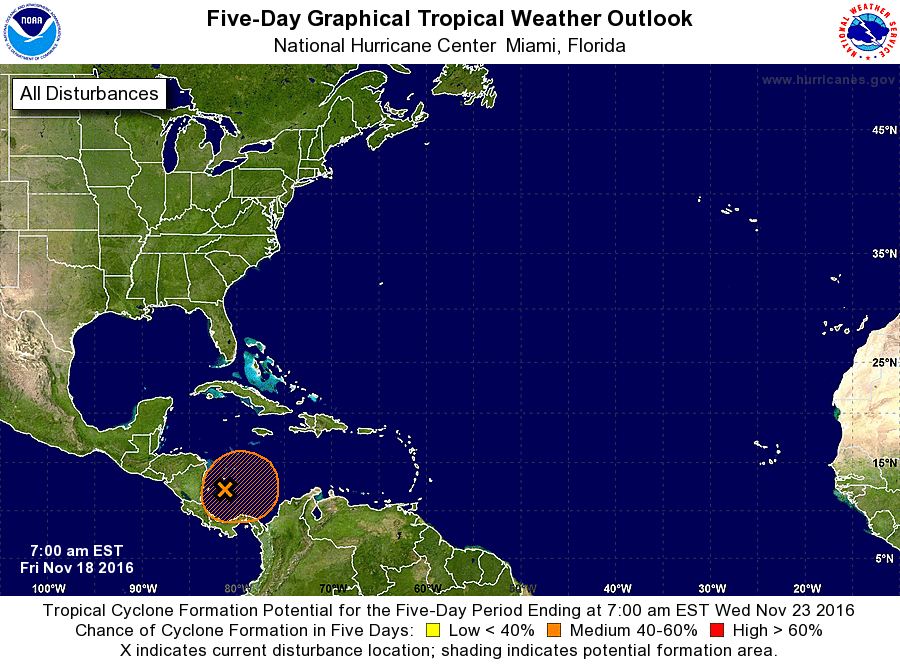
For the North Atlantic...Caribbean Sea and the Gulf of Mexico:

1. Disorganized cloudiness and showers over the southwestern Caribbean Sea are associated with a broad low pressure area. Upper-level winds have become less conducive, and during the next couple of days any development should be slow to occur. After that time, environmental conditions are expected to be more conducive for gradual development, and a tropical depression could form early next week while the low moves slowly and erratically.
* Formation chance through 48 hours...low...10 percent
* Formation chance through 5 days...medium...60 percent

Forecaster Beven